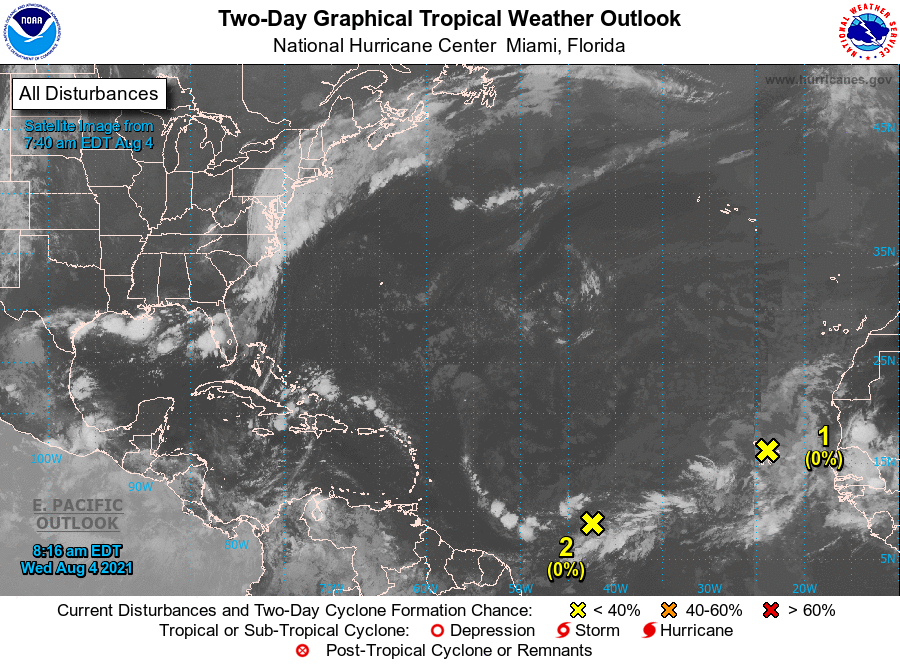
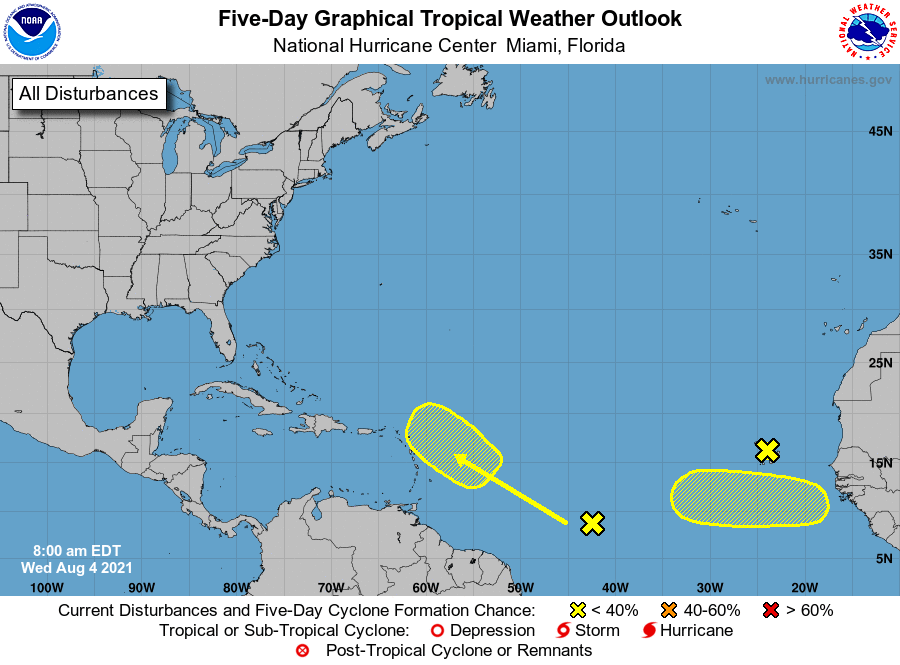
For the North Atlantic...Caribbean Sea and the Gulf of Mexico:

1. A small and weak area of low pressure, with limited shower and thunderstorm activity, is passing near the Cabo Verde Islands. Significant development of this system is not expected during the next day or so due to unfavorable environmental conditions. Thereafter, this system is forecast to move northward or north-northwestward over cooler waters, ending its development chances. Locally heavy rainfall and gusty winds are possible over portions of the Cabo Verde Islands through today.
* Formation chance through 48 hours...low...near 0 percent.
* Formation chance through 5 days...low...near 0 percent.

2. A tropical wave located over the central tropical Atlantic is producing a broad area of disorganized showers and thunderstorms. Environmental conditions are expected to be marginally conducive for some slow development east of the Lesser Antilles by Sunday and into early next week while the disturbance moves west-northwestward at 10 to 15 mph.
* Formation chance through 48 hours...low...near 0 percent.
* Formation chance through 5 days...low...20 percent.

3. A tropical wave is forecast to move off the west coast of Africa by late Thursday. Environmental conditions appear somewhat conducive for some slow development over the far eastern Atlantic through the weekend into early next week while the system moves generally westward at about 15 mph.
* Formation chance through 48 hours...low...near 0 percent.
* Formation chance through 5 days...low...30 percent.

Forecaster Stewart